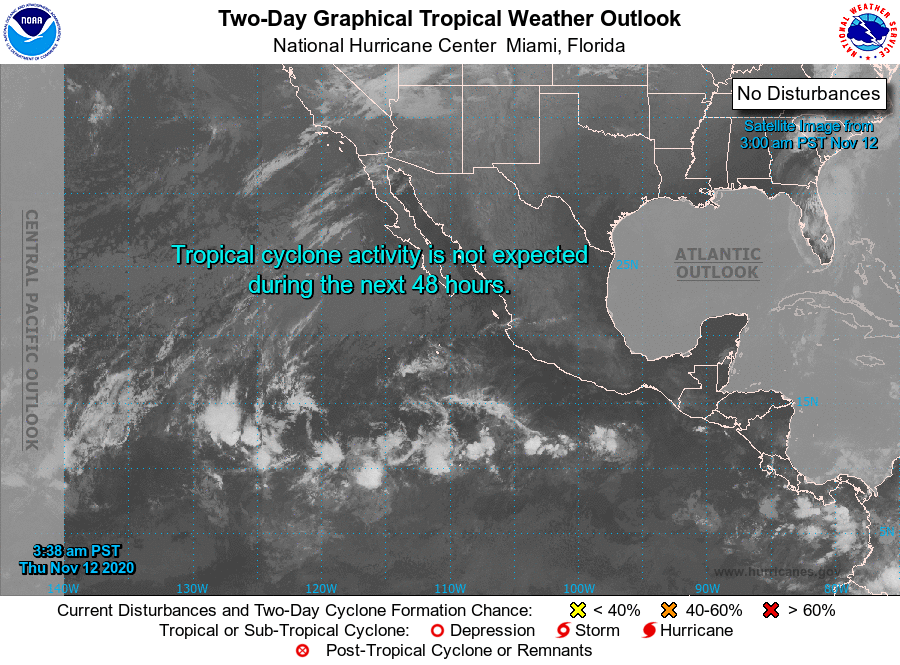
For the eastern North Pacific...east of 140 degrees west longitude:

1. A broad area of low pressure is expected to form several hundred miles southwest of the coast of Mexico this weekend. Environmental conditions are forecast to be generally favorable for gradual development, and a tropical depression could form early next week as the system drifts slowly west-northwestward over the eastern Pacific.
* Formation chance through 48 hours...low...0 percent.
* Formation chance through 5 days...medium...40 percent.

Forecaster Latto